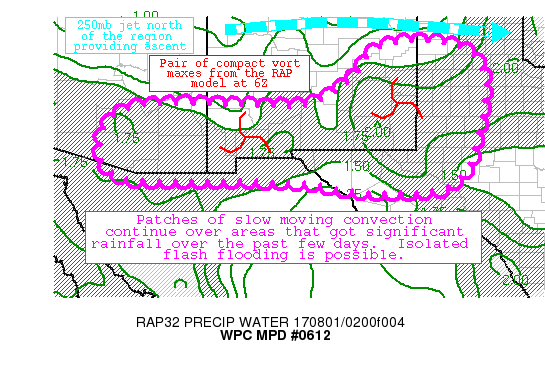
AREAS AFFECTED...SE ARIZONA...S CENTRAL NEW MEXICO...W TEXAS

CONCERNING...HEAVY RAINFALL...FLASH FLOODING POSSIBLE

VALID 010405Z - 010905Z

SUMMARY...CONVECTION TRAINING OVER AREAS WITH SATURATED GROUND
FROM ROUNDS OF HEAVY RAINFALL OVER THE PAST COUPLE OF DAYS COULD
RESULT IN A FLASH FLOOD THREAT INTO THE EARLY MORNING HOURS
TUESDAY.

DISCUSSION...CONVECTION CONTINUES DEVELOPING ACROSS SOUTHEAST
ARIZONA AND EXTENDING EASTWARD TO SOUTHEAST NEW MEXICO AND
ADJACENT AREAS OF WESTERN TEXAS. A 20 KNOT LOW LEVEL EAST
SOUTHEAST FLOW IS TRANSPORTING 1.50 TO 1.75 PWS INTO EASTERN NEW
MEXICO AND WESTERN TEXAS, AND THE CONVECTION FEEDING ON THE
DEEPENING MOISTURE IS PRODUCING HOURLY RAINFALL RATES OF 1.5
INCHES WITH THE STRONGEST CELLS.  ANOTHER PLUME OF MOISTURE
EXTENDS NORTHWARD INTO SOUTHEAST ARIZONA AND SOUTHWEST NEW MEXICO
IN CONNECTION WITH THE MONSOON. MUCAPE IS ON THE ORDER OF 1000 TO
2000 J/KG PER THE LATEST SPC MESOANALYSIS OVER MOST OF THIS
REGION.  A COUPLE OF COMPACT VORT MAXES OVER SOUTHERN NEW MEXICO
OVERNIGHT WILL HELP TO FOCUS CONVECTION, WITH ADDITIONAL ASCENT
PROVIDED BY FAVORABLE 250MB JET PLACEMENT TO THE NORTH.

THE LATEST RUN OF THE HRRR IS DEPICTING AS MUCH AS 4 INCHES OF
RAIN ACROSS PARTS OF SOUTHEAST NEW MEXICO THROUGH 9Z, AND GIVEN
RECENT RADAR TRENDS, THIS IS WHERE THE GREATEST FLASH FLOOD THREAT
WILL LIKELY BE. THE 00Z ARW AND NMMB ARE ALSO ON BOARD WITH
ISOLATED 2 TO 4 INCH AMOUNTS.  MOST AREAS IN THE MPD AREA,
HOWEVER, WILL LIKELY GET LESS THAN AN INCH OF RAIN GIVEN THE
SCATTERED NATURE OF THE CONVECTION.